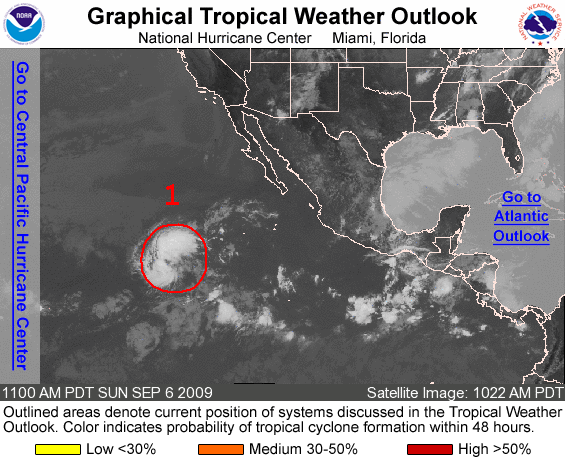
FOR THE EASTERN NORTH PACIFIC...EAST OF 140 DEGREES WEST LONGITUDE..

1. THE AREA OF LOW PRESSURE LOCATED ABOUT 1075 MILES SOUTHWEST OF THE SOUTHERN TIP OF BAJA CALIFORNIA CONTINUES TO SHOW SIGNS OF ORGANIZATION. CONDITIONS APPEAR FAVORABLE FOR DEVELOPMENT...AND THIS SYSTEM COULD BECOME A TROPICAL DEPRESSION LATER TODAY OR TONIGHT AS IT MOVES WEST-NORTHWESTWARD ABOUT 10 MPH. THERE IS A HIGH CHANCE...GREATER THAN 50 PERCENT...OF THIS SYSTEM BECOMING A TROPICAL CYCLONE DURING THE NEXT 48 HOURS.

ELSEWHERE...TROPICAL CYCLONE FORMATION IS NOT EXPECTED DURING THE NEXT 48 HOURS.

FORECASTER BROWN